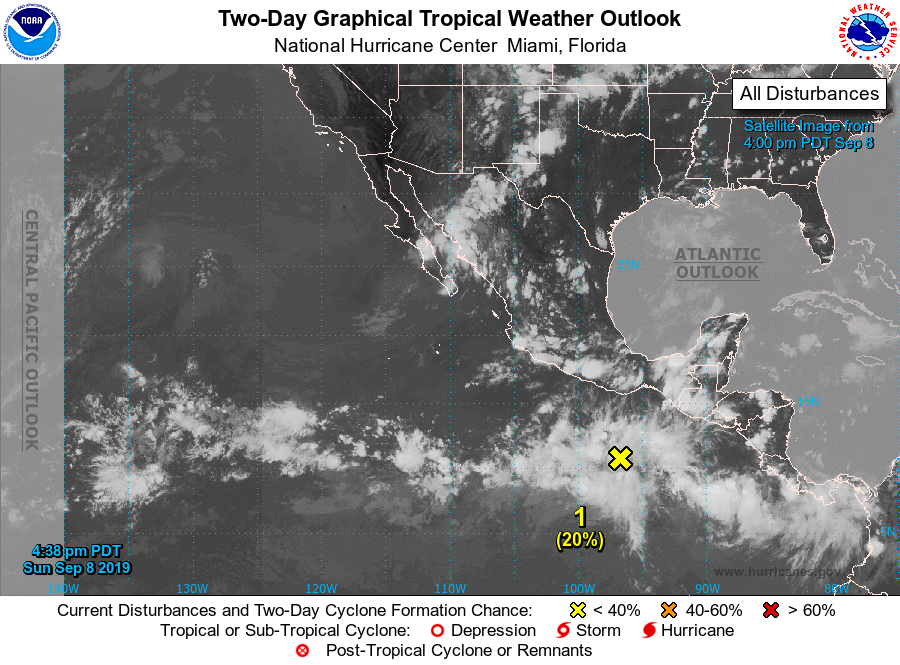
For the eastern North Pacific...east of 140 degrees west longitude:

1. A tropical wave located a couple of hundred miles south-southeast of Acapulco, Mexico is accompanied by a large area of disturbed weather. Environmental conditions are expected to become conducive for gradual development, and a tropical depression is likely to form by the middle of the week while the system moves west-northwestward at 10 to 15 mph.
* Formation chance through 48 hours...low...20 percent.
* Formation chance through 5 days...high...70 percent.

Forecaster Pasch